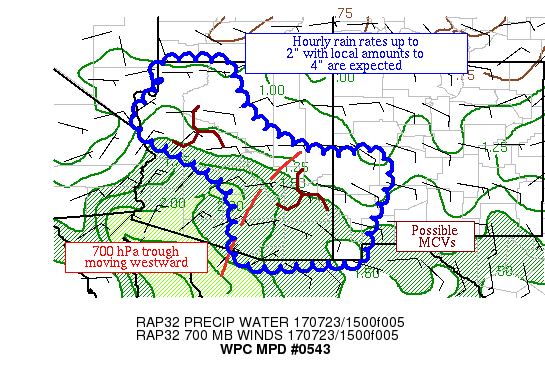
AREAS AFFECTED...PORTIONS OF AZ & SOUTHWEST NM

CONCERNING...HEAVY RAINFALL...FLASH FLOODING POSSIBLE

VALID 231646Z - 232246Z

SUMMARY...A PROGRESSIVE EASTERLY WAVE AT 700 HPA SHOULD LEAD TO
ENHANCED MONSOON CONDITIONS TODAY.  HOURLY RAIN RATES UP TO 2"
WITH LOCAL AMOUNTS TO 4" ARE EXPECTED.

DISCUSSION...EXPERIMENTAL GOES-16 0.86 MICRON/"VEGGIE BAND"
IMAGERY SHOWS CLOUDINESS ASSOCIATED WITH SATURDAY'S BATCH OF
THUNDERSTORM ACTIVITY BREAKING UP AND NEW CUMULIFORM CLOUDS ACROSS
SOUTHEAST AND CENTRAL AZ.  POSSIBLE MCVs LURK ACROSS SOUTHEAST AZ
AND NORTHWEST AZ.  PRECIPITABLE WATER VALUES ARE 1-2" PER RECENT
GPS DATA.  AN INVERTED TROUGH AT 700 HPA HAS OCCASIONALLY SHOWN UP
IN THE VAD WIND PROFILES WEST OF THE KEWX RADAR IN SOUTHEAST AZ.
INFLOW AT 700 HPA IS 10-15 KTS AND CYCLONIC, ABOVE THE VALUE OF
THE MEAN 850-400 HPA WIND.  ML CAPE VALUES OF 500-1000 J/KG EXIST
ACROSS SOUTHERN AZ, WITH CIN ERODED ACROSS SOUTHEAST AZ BEHIND THE
INVERTED TROUGH PER SPC MESOANALYSES.

RAP FORECAST SUGGEST THAT THE EASTERLY WAVE AT 700 HPA MIGRATES
WESTWARD THROUGH AZ WITH TIME.  THE 06Z SSEO NEIGHBORHOOD
PROBABILITIES SUGGEST CONVECTIVE DEVELOPMENT SHOULD OCCUR
PRIMARILY AFTER 18Z, THOUGH RECENT VISIBLE IMAGERY IMPLIES THE
PROCESS APPEARS TO BE UNDERWAY.  THE PROBABILITIES SHOW >50%
EXCEEDANCE OF AREA FLASH FLOOD GUIDANCE VALUES ACROSS SOUTHEAST AZ
AFTER 21Z.  WITH ML CAPES EXPECTED TO BUILD ANOTHER 1000-1500
J/KG, WOULD EXPECT CONVECTION TO BUILD WITH INCREASING VIGOR WITH
TIME AND MOVE WESTWARD.  HOURLY RAIN RATES UP TO 2" WITH LOCAL
AMOUNTS UP TO 4" ARE POSSIBLE, PARTICULARLY OVER THE TOPOGRAPHY OF
SOUTHEAST AND NORTH-CENTRAL AZ.  THIS DEGREE OF RAINFALL WOULD BE
PROBLEMATIC IN URBAN AREAS, NEAR BURN SCARS, AND WITHIN AREA
WASHES/ ARROYOS/ GULCHES.